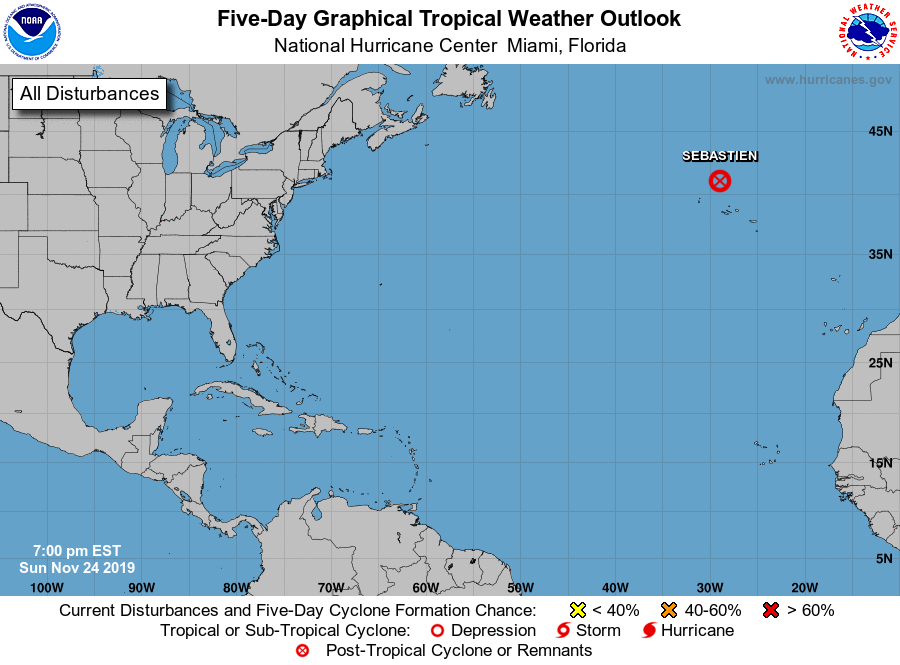
For the North Atlantic...Caribbean Sea and the Gulf of Mexico:

The National Hurricane Center is issuing advisories on Tropical Storm Sebastien, located about 310 miles west-northwest of the Azores.

Tropical cyclone formation is not expected during the next 5 days.

Forecaster Beven